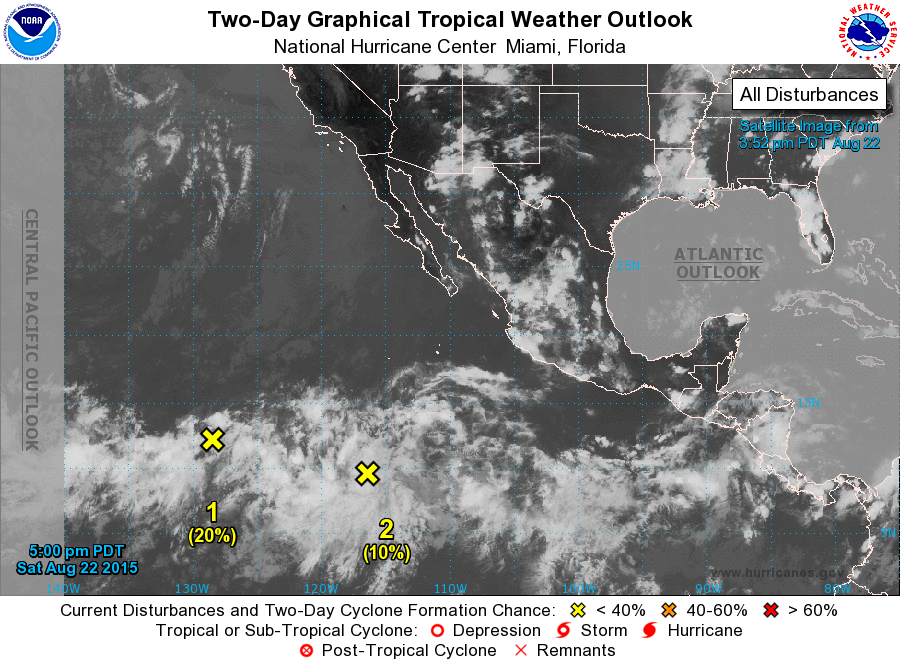
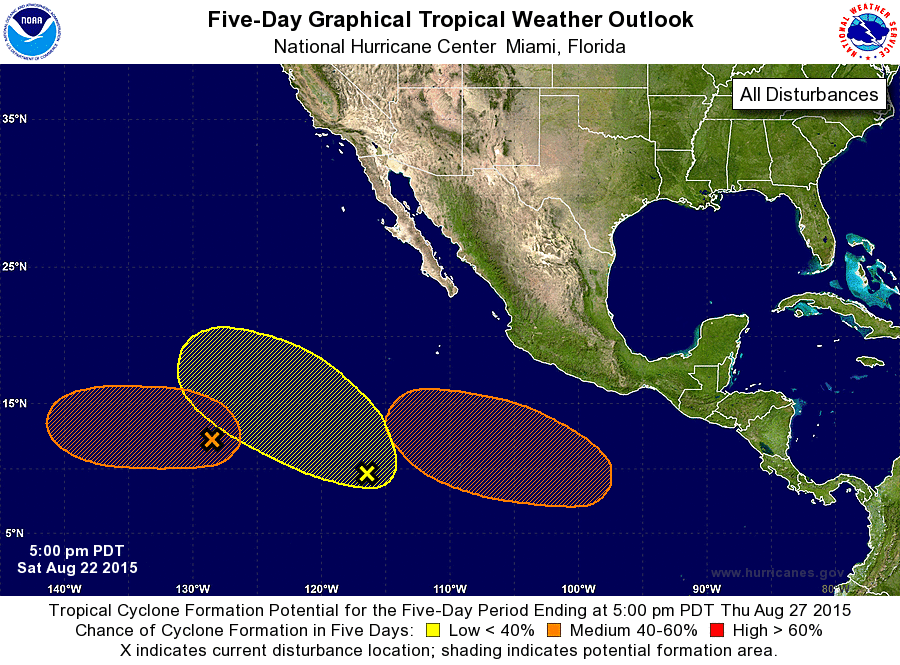
For the eastern North Pacific...east of 140 degrees west longitude:

1. Shower and thunderstorm activity associated with a broad area of low pressure located about 1450 miles west-southwest of the southern tip of the Baja California peninsula remains limited. Some gradual development of this system is possible through early next week while it moves westward at 5 to 10 mph.
* Formation chance through 48 hours...low...20 percent
* Formation chance through 5 days...medium...40 percent

2. Another broad area of low pressure located about 1050 miles south-southwest of the southern tip of the Baja California peninsula is producing a large area of disorganized cloudiness and showers. Some slow development of this system is possible during the next several days while it moves northwestward at about 10 mph.
* Formation chance through 48 hours...low...10 percent
* Formation chance through 5 days...low...20 percent

3. A low pressure area is expected to form well south of the coast of Mexico early next week. Environmental conditions should support gradual development of the system while it moves west-northwestward at 10 to 15 mph.
* Formation chance through 48 hours...low...near 0 percent
* Formation chance through 5 days...medium...60 percent

Forecaster Brown